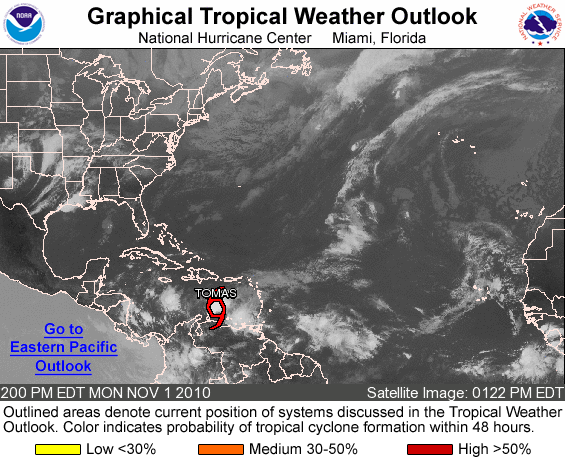
FOR THE NORTH ATLANTIC...CARIBBEAN SEA AND THE GULF OF MEXICO...

THE NATIONAL HURRICANE CENTER IS ISSUING ADVISORIES ON TROPICAL STORM TOMAS...LOCATED ABOUT 90 MILES NORTH-NORTHEAST OF CURACAO.

ELSEWHERE...TROPICAL CYCLONE FORMATION IS NOT EXPECTED DURING THE NEXT 48 HOURS.

FORECASTER CANGIALOSI